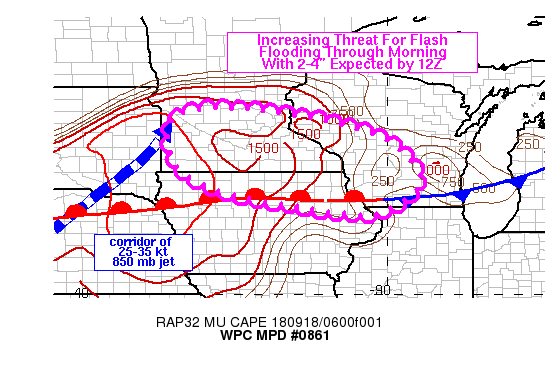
Areas affected...southern MN/WI into northern IA/IL

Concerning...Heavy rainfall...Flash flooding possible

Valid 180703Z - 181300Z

Summary...An increasing threat for training rainfall and flash
flooding will develop through 12Z across southern MN/WI into
northern IA/IL. Rain rates of 1-2 in/hr are expected to lead to
2-4 inches through 13Z for a few locations.

Discussion...Regional radar across the upper Midwest at 0630Z
showed a narrow, discontinuous axis of elevated convection
extending from near MVE to MSP into western WI between EAU and
LSE. Trends show the coverage of storms becoming more widespread
over the past 30-60 minutes, located at the nose of a 25-35 kt low
level jet overrunning a warm/stationary front extending west-east
across northern Nebraska into the upper Midwest. Where convection
was ongoing, MUCAPE was estimated to be between 1000 and 2000 J/kg
per the SPC mesoanalysis and precipitable water values were
increasing via GPS measurements of 1.5 to 1.7 over northwestern IA
as of 06Z.

As a low-amplitude shortwave over WY/SD at 06Z continues toward
the ENE this morning, moisture will continue to increase across
the upper Midwest as low level flow veers from SSW to SW to WSW.
This orientation of the low level flow will become increasingly
close to the RAP forecast LFC-EL mean wind from the WSW at ~30 kt.
Convective coverage is forecast to increase through the morning
ahead of the shortwave with an ongoing small cluster of convection
propagating through SD and as low-mid level wind vectors become
more favorably aligned for training, the threat for flash flooding
will increase temporarily across MN/WI. Propagation toward the
southeast may occur later in the morning as forecast by most
hi-res model guidance, but only a select few models are even close
to resembling the ongoing precipitation pattern across the
north-central U.S. so overall confidence in the future evolution
is a bit lower than average. Regardless, a notable threat for
flash flooding will increase given radar trends and the fact that
much of the area Flash Flood Guidance values are only 2 to 2.5
inches in 3 hours.